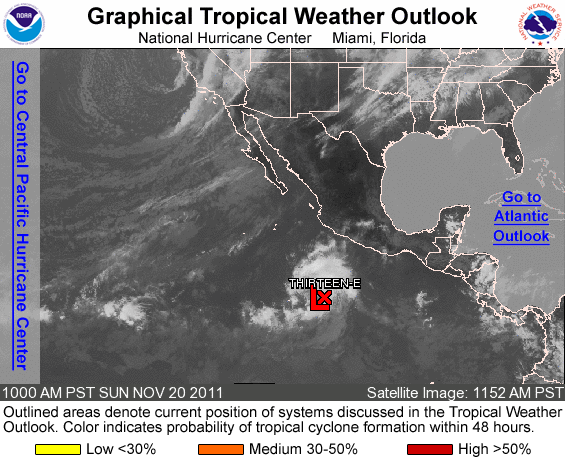
FOR THE EASTERN NORTH PACIFIC...EAST OF 140 DEGREES WEST LONGITUDE..

THE NATIONAL HURRICANE CENTER IS ISSUING ADVISORIES ON TROPICAL DEPRESSION THIRTEEN-E...LOCATED ABOUT 580 MILES SOUTH OF MANZANILLO MEXICO.

ELSEWHERE...TROPICAL CYCLONE FORMATION IS NOT EXPECTED DURING THE NEXT 48 HOURS.

PUBLIC ADVISORIES ON TROPICAL DEPRESSION THIRTEEN-E ARE ISSUED UNDER WMO HEADER WTPZ33 KNHC AND UNDER AWIPS HEADER MIATCPEP3. FORECAST/ADVISORIES ON TROPICAL DEPRESSION THIRTEEN-E ARE ISSUED UNDER WMO HEADER WTPZ23 KNHC AND UNDER AWIPS HEADER MIATCMEP3.

FORECASTER BROWN